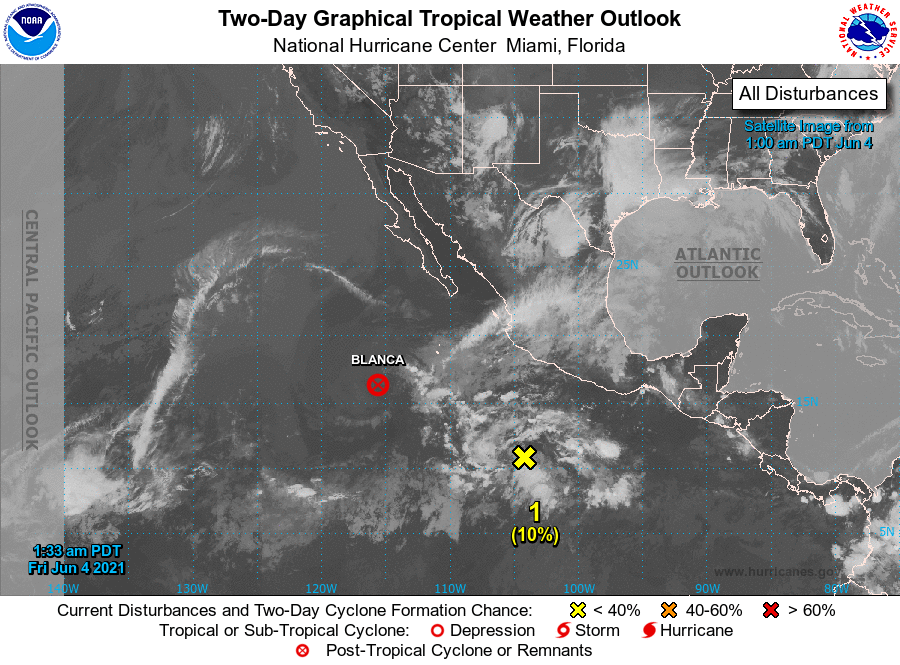
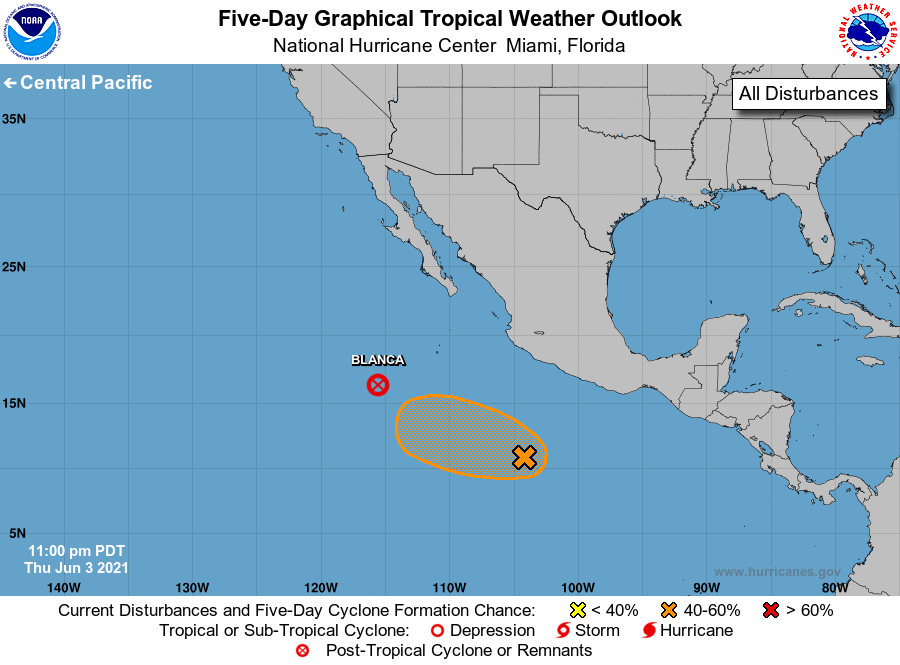
For the eastern North Pacific...east of 140 degrees west longitude:

The National Hurricane Center is issuing advisories on Tropical Depression Blanca, located several hundred miles southwest of the southern tip of the Baja California peninsula.

1. A trough of low pressure is producing disorganized showers and thunderstorms several hundred miles south of Manzanillo, Mexico. Gradual development of this system is possible during the next several days, and a tropical depression could form late this weekend or early next week while it drifts west-northwestward well off the coast of Mexico.
* Formation chance through 48 hours...low...10 percent.
* Formation chance through 5 days...medium...40 percent.

Forecaster Latto